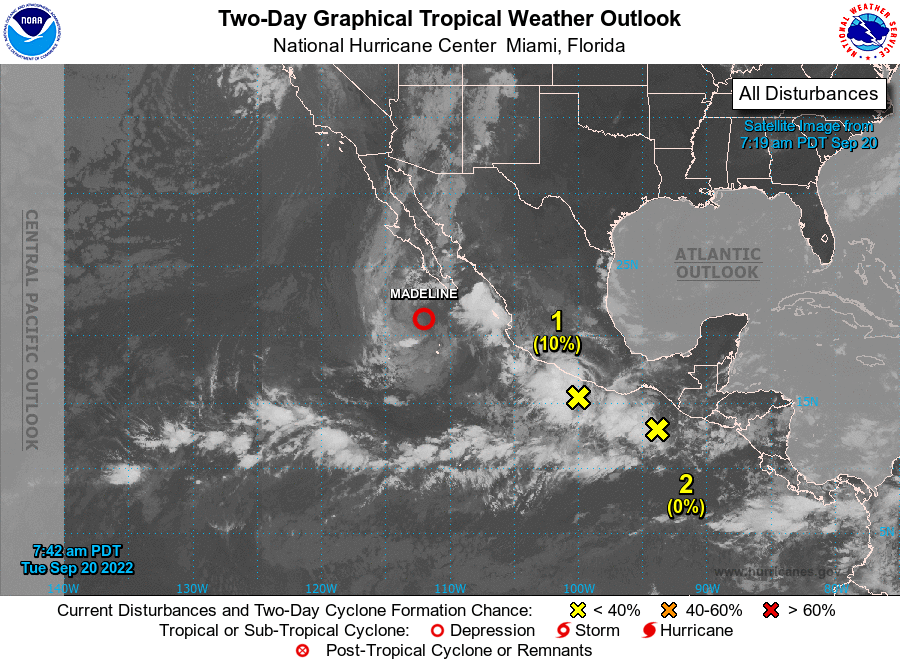
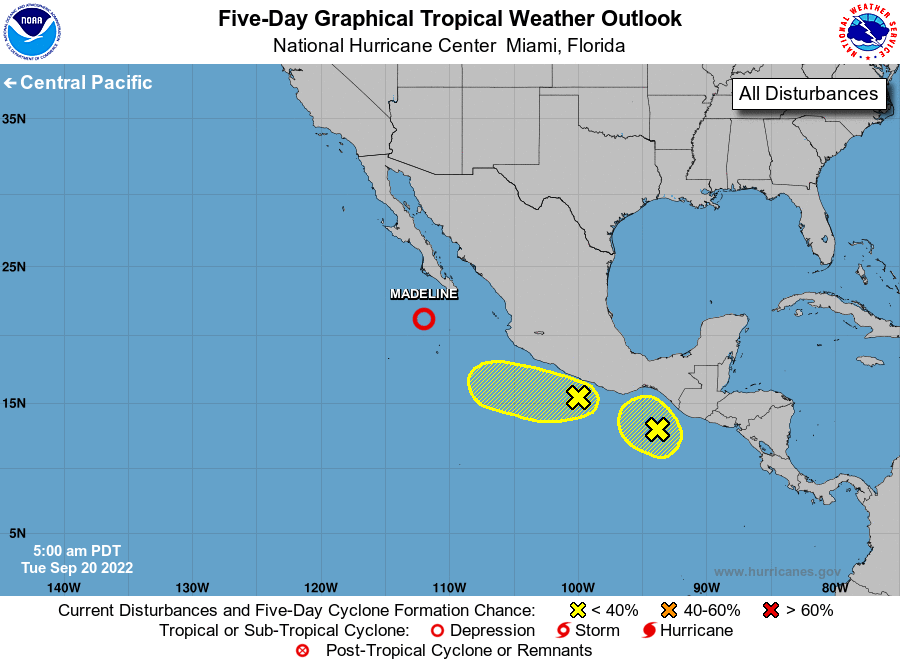
For the eastern North Pacific...east of 140 degrees west longitude:

Active Systems: The National Hurricane Center is issuing advisories on Tropical Storm Madeline, located about 150 miles southwest of the southern tip of the Baja California peninsula.

1.

1. South of Southwestern Mexico: An area of low pressure is producing disorganized shower and thunderstorm activity just off the coast of southwestern Mexico. Some slow development of this system is possible while the disturbance moves slowly west-northwestward near the coast of southwestern Mexico during the next few days.
* Formation chance through 48 hours...low...10 percent.
* Formation chance through 5 days...low...20 percent.

2.

2. South of Central America and Southeastern Mexico: Showers and thunderstorms associated with a broad area of low pressure just offshore of southern Mexico and Guatemala remain disorganized. Development, if any, of this system should be slow to occur while it meanders off the coast of southern Mexico through the week.
* Formation chance through 48 hours...low...near 0 percent.
* Formation chance through 5 days...low...20 percent.

Forecaster Cangialosi